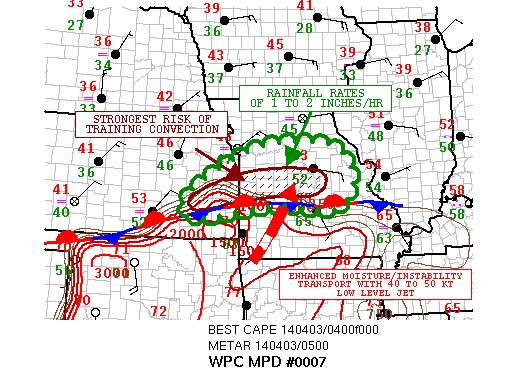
AREAS AFFECTED...ERN KS...WRN/CNTRL MO

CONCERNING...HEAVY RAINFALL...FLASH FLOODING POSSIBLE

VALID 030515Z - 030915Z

SUMMARY...MERGING AND SLOW-MOVING CONVECTIVE CELLS WILL LIKELY
ORGANIZE FURTHER OVER THE NEXT FEW HOURS INTO A SOMEWHAT LARGER
SCALE AND SLOW-MOVING CONVECTIVE COMPLEX. FLASH FLOODING WILL BE
POSSIBLE GIVEN THE REPEATING NATURE OF THE CONVECTION.

DISCUSSION...LATEST SAT/RADAR IMAGERY SHOWS A GRADUAL CHANGE
OCCURRING WITH THE CONVECTIVE MODE OF THE ACTIVE AREAS OF
CONVECTION IMPACTING ERN KS AND FAR WRN MO. THERE HAVE BEEN
MULTIPLE MERGERS OF SUPERCELL AND MULTI-CELL CONVECTION OVER THE
LAST COUPLE OF HOURS...AND THERE IS LIKELY TO BE SOME ADDITIONAL
ORGANIZATION INTO AN MCS AS A GRADUALLY STRENGTHENING LOW LVL JET
INTERSECTS AND OVERRUNS A WELL-DEFINED STATIONARY FRONT ACROSS
SERN KS AND ACROSS S CNTRL AREAS OF MO.

VERY COLD CLOUD TOPS TEMPS INCLUDING SEVERAL OVERSHOOTING TOPS TO
AS LOW AS -75C...COUPLED WITH LOCALIZED MERGING OF CELLS IS LIKELY
PRODUCING VERY HVY RAINFALL RATES ON THE ORDER OF 1 TO 2
INCHES/HR. THE LATEST 850 MB RAP ANALYSIS SHOWS SOME SPEED
CONVERGENCE INTO THE AFOREMENTIONED FRONT AND NEAR THE SRN FLANK
OF CONVECTION IN SERN KS AND WRN MO...AND THIS WILL LIKELY PROMOTE
ADDITIONAL ORGANIZATION AND POTENTIAL FOR BACK-BUILDING AND
TRAINING CONVECTION OVER THE NEXT FEW HOURS. THE LATEST RAP
ANALYSIS SHOWS ALREADY 40 TO 50 KTS OF LOW LVL JET INTERACTING
WITH THE FRONT...AND NEAR THE NRN NOSE OF A MODERATELY STRONG
INSTABILITY AXIS WHERE MUCAPE VALUES OF 2000 TO 2500 J/KG ARE
NOTED.

THE SET-UP AS OUTLINED WILL LIKELY PROMOTE A THREAT FOR FLASH
FLOODING OVER THE NEXT FEW HOURS. WILL CONTINUE TO MONITOR.